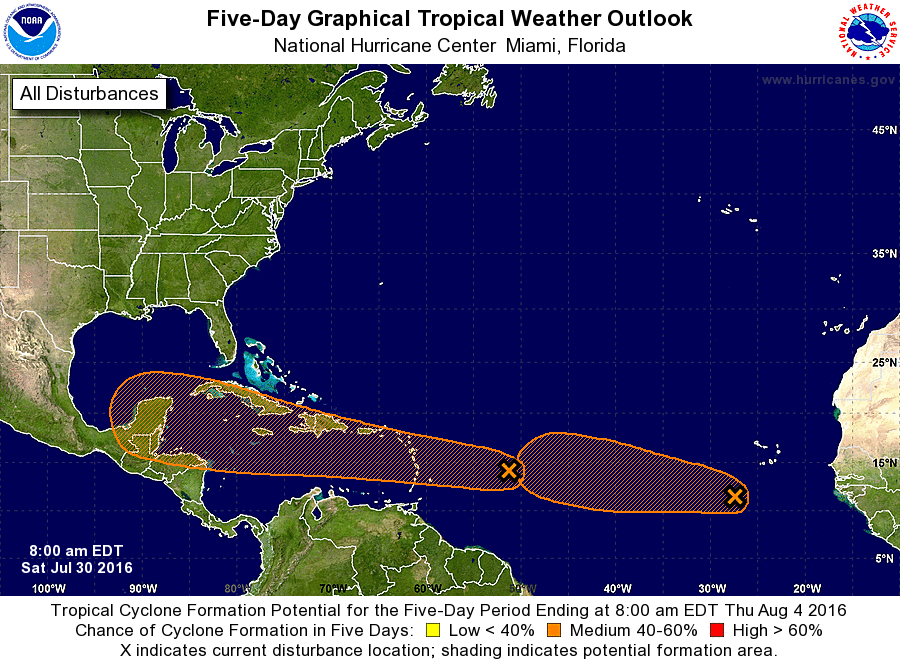
For the North Atlantic...Caribbean Sea and the Gulf of Mexico:

1. A tropical wave located about 700 miles east of the Lesser Antilles is moving westward at 25 to 30 mph. While the associated shower activity has increased since yesterday, any additional development should be slow to occur due to the rapid motion of the system. Regardless of development, this system will likely bring showers and gusty winds to portions of the Leeward Islands, Virgin Islands, Puerto Rico, and the eastern Caribbean Sea beginning later today. By the middle of next week, the disturbance is expected to be in the western Caribbean Sea, where conditions could become more conducive for development.
* Formation chance through 48 hours...low...20 percent
* Formation chance through 5 days...medium...40 percent

2. Shower and thunderstorm activity associated with a tropical wave and a low pressure system centered a couple of hundred miles southwest of Cabo Verde has become less organized during the past 24 hours. However, there is still a chance for some development during the next day or two before the disturbance encounters a less favorable environment over the central tropical Atlantic.
* Formation chance through 48 hours...low...30 percent
* Formation chance through 5 days...medium...40 percent

Forecaster Beven